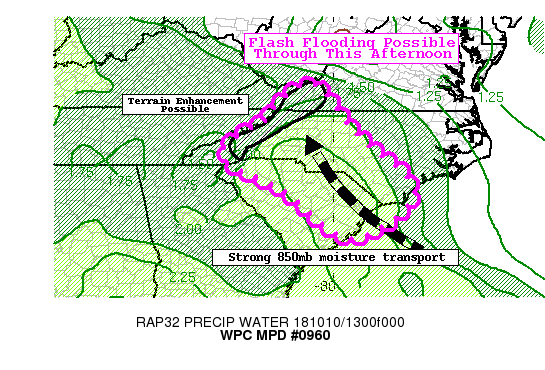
Areas affected...Portions of the Carolinas...Far Southwest VA

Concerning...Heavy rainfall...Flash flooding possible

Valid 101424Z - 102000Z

Summary...Heavy rain will become more widespread across portions
of the Carolinas and far southwest Virginia into the afternoon
hours. With the potential for hourly rates of 1-2" and
training/repeating rounds, flash flooding will be possible.

Discussion...Highly anomalous moisture axis extends across
portions of the Carolinas, per the 12z CHS sounding which had a
PWAT of 2.29" (2-3 SD above normal). Recent GOES-East imagery has
shown cooling cloud tops across northeast SC and regional radar
depicts some heavy rain bands lifting northwest to north, with
some localized bands producing 1-1.5" hourly rates.

Over the next several hours, the airmass is expected to become
more unstable within a zone of upper level divergence across
portions of the Carolinas and southwest Virginia. The hi-res
models all paint heavy rain generally from northeast SC through
central/western NC into far southwest VA through 21z. With some
orographic/topographic enhancement, repeating heavy rain bands
will be possible. HREF probabilities of the heaviest rain are
across northeast SC, southwest NC and also along the spine of the
Appalachians of western NC and southwest VA, where some terrain
influence is likely. FFG isn't particularly low in these areas,
which lowers confidence in flash flooding, but the intense hourly
rates may produce some localized flash flooding.